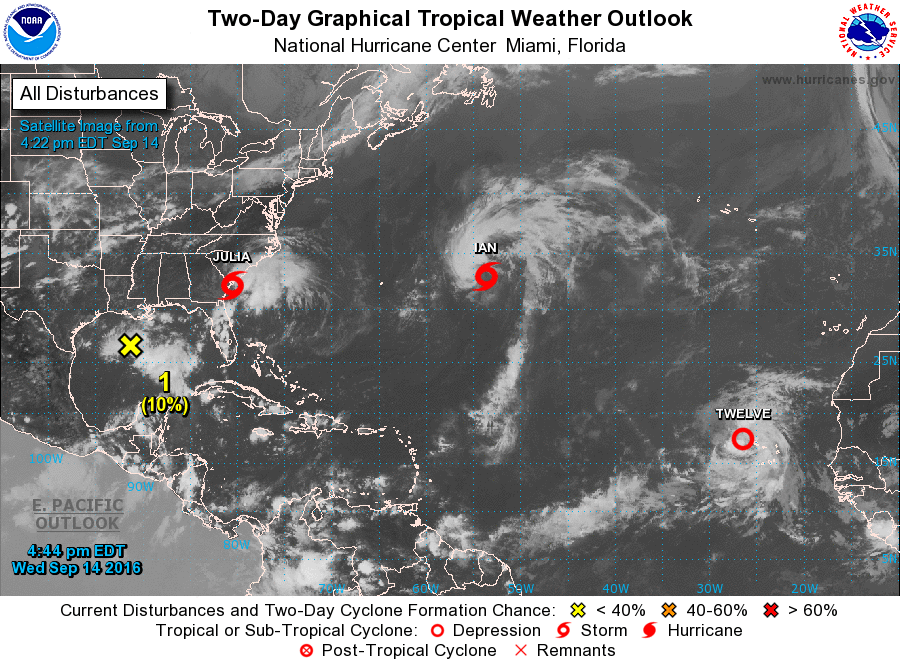
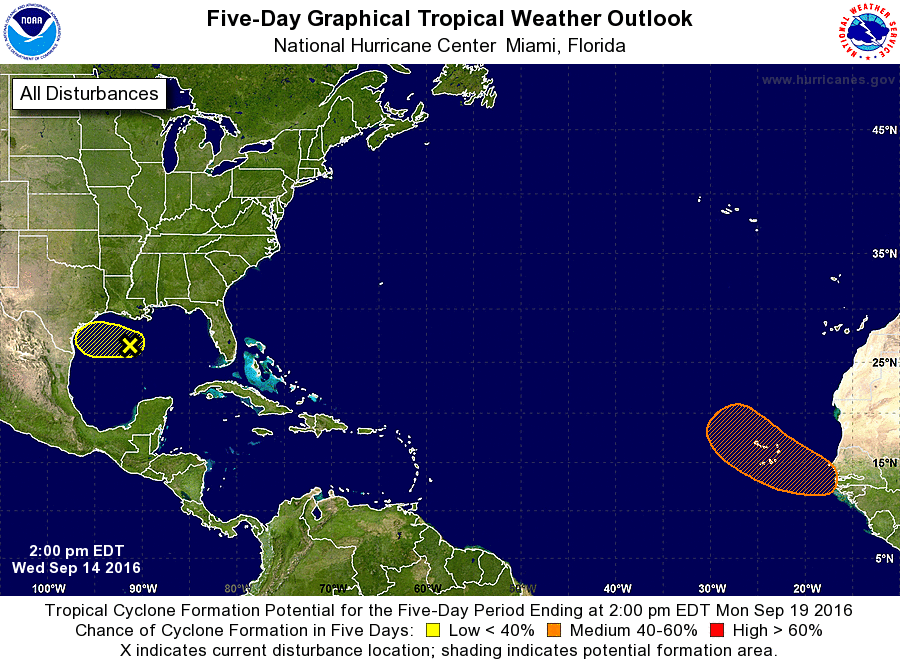
For the North Atlantic...Caribbean Sea and the Gulf of Mexico:

The National Hurricane Center is issuing advisories on Tropical Storm Ian, located well to the east of Bermuda, on Tropical Storm Julia, near southeastern Georgia, and on newly formed Tropical Depression Twelve, located near the Cabo Verde Islands.

1. A weak area of low pressure over the central Gulf of Mexico is producing disorganized showers and thunderstorms. Environmental conditions are not expected to be conducive for significant development of this low while it moves westward toward the Texas coast.
* Formation chance through 48 hours...low...10 percent
* Formation chance through 5 days...low...10 percent

2. A tropical wave is expected to move off of the west coast of Africa by late Friday, and then move generally west-northwestward over the far eastern Atlantic. Conditions are expected to be conducive for development of this system after it moves offshore but could become less favorable by early next week.
* Formation chance through 48 hours...low...near 0 percent
* Formation chance through 5 days...medium...50 percent

Public Advisories on Tropical Storm Julia are issued under WMO header WTNT31 KNHC and under AWIPS header MIATCPAT1. Forecast/Advisories on Tropical Storm Julia are issued under WMO header WTNT21 KNHC and under AWIPS header MIATCMAT1.

Public Advisories on Tropical Depression Twelve are issued under WMO header WTNT32 KNHC and under AWIPS header MIATCPAT2. Forecast/Advisories on Tropical Depression Twelve are issued under WMO header WTNT22 KNHC and under AWIPS header MIATCMAT2.

Forecaster Blake